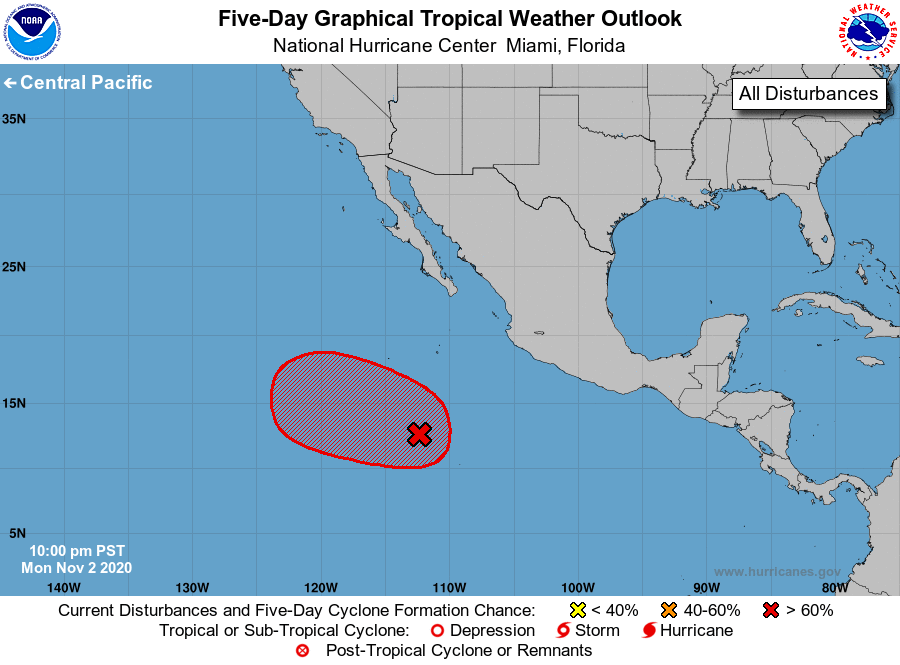
For the eastern North Pacific...east of 140 degrees west longitude:

1. Showers and thunderstorms associated with a broad area of low pressure located a little over 700 miles south-southwest of the southern tip of the Baja California Peninsula are gradually becoming better organized. Environmental conditions are expected to be conducive for development, and a tropical depression is likely to form during the next couple of days as the system moves west-northwestward or northwestward well offshore of the coast of Mexico.
* Formation chance through 48 hours...high...80 percent.
* Formation chance through 5 days...high...90 percent.

Forecaster Roberts